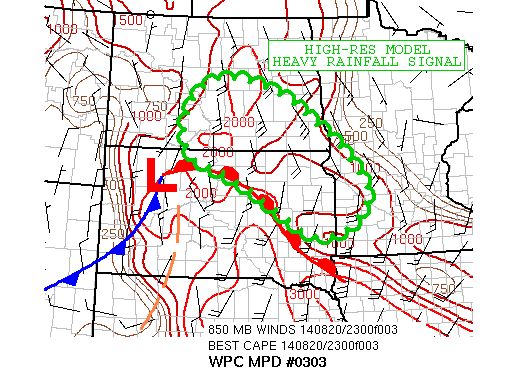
AREAS AFFECTED...SOUTHERN ND/NORTHEASTERN SD/SOUTHWESTERN MN...

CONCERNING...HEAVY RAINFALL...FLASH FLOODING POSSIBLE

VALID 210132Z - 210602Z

SUMMARY...CONVECTION FIRING IN ADVANCE OF A SHORTWAVE SHOULD
CONTINUE TO DROP MODERATE TO HEAVY RAINFALL ACROSS ND. THE
ACTIVITY IS FORECAST TO SPREAD SOUTH AND EAST INTO NORTHEASTERN
SD/SOUTHWESTERN MN WITH FLASH FLOODING POSSIBLE GIVEN HIGH
RAINFALL RATES.

DISCUSSION...A SHORTWAVE MOVING THROUGH WESTERN ND IS LIFTING
ACROSS A REGION OF BROAD UPPER DIFFLUENCE AND ABUNDANT
TROPOSPHERIC MOISTURE. THE 23Z RAP SHOWS THE LLJ INCREASINGLY
MARKEDLY ACROSS THE EASTERN DAKOTAS WITH WIND SPEEDS IN EXCESS OF
35 KNOTS BY 03Z. THE ENHANCED INFLOW WILL TRANSPORT 2 INCH PLUS
PWATS NORTHWARD INVIGORATING ABUNDANT WARM ADVECTION RAINFALL OVER
SOUTHEASTERN ND/NORTHEASTERN SD TONIGHT. THERE APPEARS TO BE
PLENTY OF INSTABILITY INTO THE OVERNIGHT HOURS TO MAINTAIN A
HEALTHY AXIS OF CONVECTION. PROPAGATION VECTORS SUGGEST THE
ACTIVITY SHOULD SLIDE SOUTH OF EAST INTO EASTERN SECTIONS OF THE
DAKOTAS AND EVENTUALLY WESTERN MN. AFTER 06Z THE 850-MB WINDS
BEGIN TO VEER OVER TOWARD THE WEST-SOUTHWEST WHICH SHOULD INCREASE
THE FORWARD PROGRESSION OF THE COMPLEX. OVERALL...FAIRLY CONVINCED
A HEAVY RAINFALL EVENT WILL UNFOLD BUT ONLY MODERATE FFG VALUES
SUGGEST AREAS OF FLASH FLOODING MAY BE MORE LOCALIZED IN NATURE.
HOWEVER...THE 12Z SPC WRF/NSSL WRF...22Z HRRR ARE PRETTY
CONSISTENT IN HIGH PRECIPITATION AMOUNTS ACROSS THE MPD AREA. THE
12Z HRW-ARW AND 12Z HRW-NMM-B ARE NOT AS AGGRESSIVE CARRYING THE
SYSTEM DOWNSTREAM. WILL REASSESS LATER IN THE NIGHT.